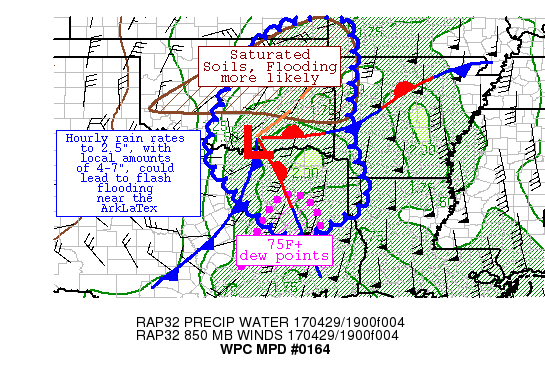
AREAS AFFECTED...EASTERN OK, NORTHEAST TX, & SOUTHWEST AR

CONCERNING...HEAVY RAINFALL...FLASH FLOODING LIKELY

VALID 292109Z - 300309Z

SUMMARY...EVOLUTION FROM ELEVATED CONVECTION TO SURFACE BASED
CONVECTION APPEARS TO BE UNDERWAY IN THIS REGION, SHIFTING THE
HEAVY RAIN FOCUS TO THE SOUTH.  HOURLY RAIN RATES TO 2.5", WITH
LOCAL AMOUNTS OF 4-7", COULD LEAD TO FLASH FLOODING.

DISCUSSION...A FRONTAL WAVE NEAR DURANT OK HAS BEEN HELPING
ELEVATED CONVECTION TO FORM/TRAIN ACROSS EASTERN OK OVER THE LAST
SEVERAL HOURS.  HOWEVER, THE TRANSITION TO SURFACE BASED
CONVECTION IS UNDERWAY AS CIN IS NEARLY ERODED ACROSS THE REGION
PER RECENT SIGNS OF CONVECTIVE DEVELOPMENT CLOSER TO SURFACE
BOUNDARIES NOTED ON SATELLITE IMAGERY.  COMPLICATING MATTERS IS
NEW CONVECTION AT THE NORTHERN END OF A 75+ DEW POINT PLUME ACROSS
THE PINEY WOODS OF EAST TX.  PRECIPITABLE WATER VALUES ARE NEAR
2", WELL ABOVE NORMAL FOR THE END OF APRIL.  CONVERGENT LOW-LEVEL
850 HPA INFLOW OF 35-55 KTS IS SEEN EAST OF THE WAVE, NEAR THE
MAGNITUDE OF THE MEAN 850-400 HPA WIND.  MLCAPES OF 3000-4500 J/KG
ARE NEAR AND EAST OF THE WAVE, WITH A BROAD AREA OF 500+ J/KG
REMAINING TO BE EXHAUSTED ACROSS EASTERN OK IN THE COLD SECTOR.
DIVERGENCE IS SIGNIFICANT AHEAD OF A LARGE UPPER TROUGH.  A WEAK
OUTFLOW JET FROM A COMPLEX ACROSS NORTHWEST LA COULD BE AIDING
WITH THE DIVERGENCE ACROSS THE REGION.

THE EXPECTATION IS FOR THE COLD SECTOR CONVECTION TO EAT UP THE
REMAINING INSTABILITY OVER THE NEXT FEW HOURS WHILE SURFACE-BASED
CONVECTION FORMS CLOSER TO THE RED RIVER OF THE SOUTH AND ACROSS
SOUTHWEST AR.  FORWARD PROPAGATION, OUTSIDE COLD FRONT
PROGRESSION, IS NOT EXPECTED AS CONVECTIVE PROPAGATION VECTORS
FAVOR STORMS MOVING PARALLEL TO THE BOUNDARY SLIGHTLY INTO THE
COLD SECTOR.  THE MESOSCALE GUIDANCE SHOWS A STRONG SIGNAL FOR
3-5" OF RAIN.  CONSIDERING HOURLY RAIN RATES OF 2.5" ARE POSSIBLE
NEAR THE ARKLATEX, BELIEVE LOCAL AMOUNTS OF 4-7" ARE MORE
REALISTIC.  OVERALL, BELIEVE RECENT HRRR/RAP RUNS ARE CAPTURING
THE POTENTIAL RAINFALL PATTERN BETTER THAN THE REMAINDER OF THE
MESOSCALE GUIDANCE.  UP NORTH, LOWER RAIN RATES ARE EXPECTED,
THOUGH SOILS ARE SATURATED, SO THE FLOOD RISK CONTINUES.  WHILE
SOILS ARE SATURATING IN EASTERN OK, THEY ARE DRIER SOUTH OF THE
RED RIVER.  THINK THE POSSIBLE CATEGORY IS A BETTER FIT DOWN SOUTH
FOR THIS REASON.